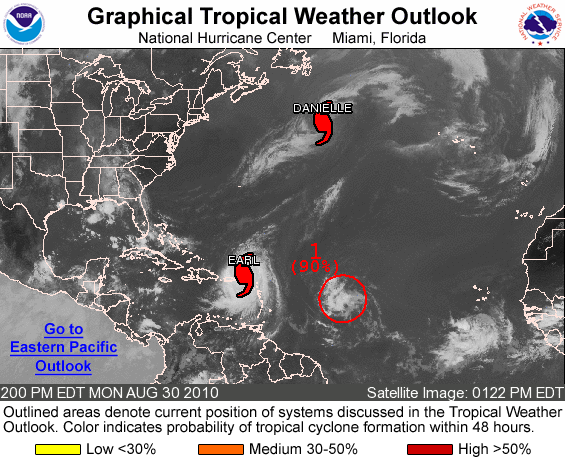
FOR THE NORTH ATLANTIC...CARIBBEAN SEA AND THE GULF OF MEXICO...

THE NATIONAL HURRICANE CENTER IS ISSUING ADVISORIES ON HURRICANE EARL...LOCATED ABOUT 65 MILES NORTHEAST OF ST. THOMAS...AND ON HURRICANE DANIELLE...LOCATED ABOUT 420 MILES SOUTH-SOUTHEAST OF CAPE RACE NEWFOUNDLAND.

1. SHOWERS AND THUNDERSTORMS ASSOCIATED WITH A LOW PRESSURE SYSTEM LOCATED ABOUT 900 MILES EAST OF THE LESSER ANTILLES HAVE CHANGED LITTLE IN ORGANIZATION DURING THE DAY. HOWEVER...AIRCRAFT DATA FROM A RESEARCH MISSION BEING CONDUCTED BY THE NATIONAL CENTER FOR ATMOSPHERIC RESEARCH...AS WELL AS SATELLITE DATA...SUGGEST THAT THIS SYSTEM IS ALREADY PRODUCING TROPICAL STORM FORCE WINDS IN A SMALL AREA NORTH OF THE CENTER. ONLY A SMALL INCREASE IN ORGANIZATION OF THE SHOWER AND THUNDERSTORM ACTIVITY WOULD RESULT IN THE FORMATION OF A TROPICAL STORM...AND ADVISORIES COULD BE INITIATED LATER THIS AFTERNOON OR TONIGHT. THERE IS A HIGH CHANCE...90 PERCENT...OF THIS SYSTEM BECOMING A TROPICAL CYCLONE DURING THE NEXT 48 HOURS AS IT MOVES GENERALLY WESTWARD AT ABOUT 20 MPH.

ELSEWHERE...TROPICAL CYCLONE FORMATION IS NOT EXPECTED DURING THE NEXT 48 HOURS.

FORECASTER BERG